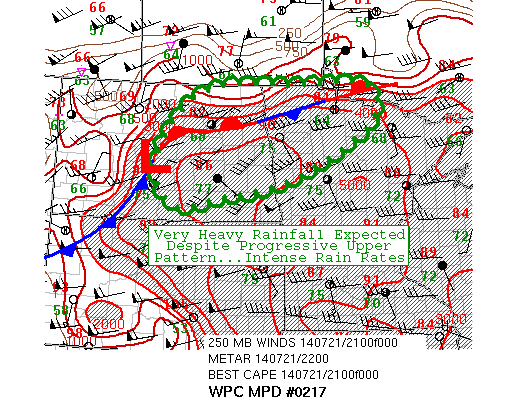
AREAS AFFECTED...EAST CENTRAL ND INTO NWRN MN

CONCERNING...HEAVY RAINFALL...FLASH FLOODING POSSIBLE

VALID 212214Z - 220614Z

SUMMARY...A SWATH OF VERY HEAVY RAINFALL IS ANTICIPATED FROM EAST
CENTRAL NORTH DAKOTA INTO NORTHWESTERN MINNESOTA THE NEXT SEVERAL
HOURS... IN CONJUNCTION WITH THE ACTIVE SEVERE WEATHER IN A VERY
DIFLUENT UPPER-LEVEL PATTERN.

DISCUSSION...LATEST COMBINED WATER VAPOR/IR SAT IMAGERY SHOWS VERY
COLD CLOUDS TOPS DEVELOPING OVER CENTRAL NORTH DAKOTA THIS
AFTERNOON. THIS IS IN ASSOCIATION WITH A WEAK SHORT WAVE/500MB
IMPULSE RACING ACROSS THE NRN TIER OF AN IMPRESSIVE UPPER RIDGE
FURTHER SOUTH OVER THE PLAINS. AN INTENSE BAND OF CONVECTIVE HEAVY
RAIN HAS ALREADY DEVELOPED ALONG AND AHEAD OF A QUASI-STATIONARY
FRONT FROM BIS TO NORTHWEST MN AND SHOULD CONTINUE TO THRIVE OVER
THE NEXT SEVERAL HOURS. THE COMBINATION OF IMPRESSIVE
INSTABILITY... IDEAL UPPER JET COUPLING AND ANOMALOUS LOW LEVEL
MOISTURE POOLING ALL WITHIN THIS CORRIDOR SHOULD RESULT IN
CONTINUING INTENSE RAIN RATES DESPITE THE VERY PROGRESSIVE NATURE
OF THE PATTERN. SOME MODELS INDICATE POSSIBLE SLIGHT TRAINING FROM
NORTHEASTERN ND TO NORTHWESTERN MN WILL BE POSSIBLE LATER
TONIGHT... AS THE 850MB FLOW BEGINS TO PARALLEL THE 250MB WESTERLY
COMPONENT. THIS COULD RESULT IN SOME BACKBUILDING ON THE BACK END
OF THE MESO SYSTEM BUT THIS APPEARS UNLIKELY AT THE MOMENT WITH
THE PROGRESSIVE NATURE OF THE UPPER PATTERN. THE MODEL GUIDANCE...
GLOBAL AND HI-RES... SUGGEST 2-4" AREAL AVERAGE AMOUNTS WITH
LOCALLY HIGHER VALUES BUT THIS MAY BE UNDERDONE.